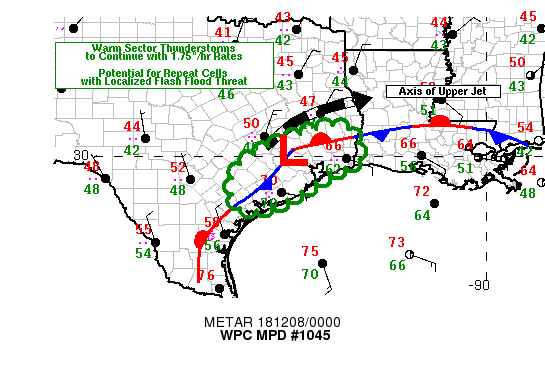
Areas affected...Central Coastal Plain of Texas

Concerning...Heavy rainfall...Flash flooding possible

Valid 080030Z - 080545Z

SUMMARY...Warm sector enhanced convection with potential for
repeat tracks, may lead to isolated flooding/flash flooding
through the evening and into the early overnight hours.

DISCUSSION...GOES-16 WV suite depicted  leading edge of greatest
height-falls  approaching across South Texas late this afternoon.
This has led to a favorable eastward shift of the ridge axis and
placement of the warm sector across the coastal plain of Texas to
be within the right entrance to the 90kt 3H jet streak enhancing
vertical ascent and strengthening of low level inflow fairly
orthogonal to the frontal zone draped from N of ALI to VCT.  This
jet was also helping to deepen a surface wave along the front
northwest of the Houston Metro area.  Sfc inflow of 15-20kts near
CRP is advecting high Theta-E air (70F Tds) off the Western Gulf,
with 00Z radiosondes showing precipitable water values ranging
from 1.62 inches at LCH to 2.1 inches at CRP. While cloud cover
limited solar insolation during the afternoon, temperatures in the
mid 70s supporting 750-1250 J/kg of SBCAPEs with consistent
replenishing flow, though slowly veering with time.

Limiting factor is clearly dry antecedent conditions across the
region, though reduced soil infiltration due to transition to
winter ground conditions may support more runoff than FFG values
would suggest, still flash flooding will continue to be possible,
although limited in scale and coverage.   Even the most aggressive
Hi-Res CAMs such as the GEM-Regional, HRRR and HRRR-Experimental
have been indicating another 2 to 3 inches in areas close to the
coast through 06Z.